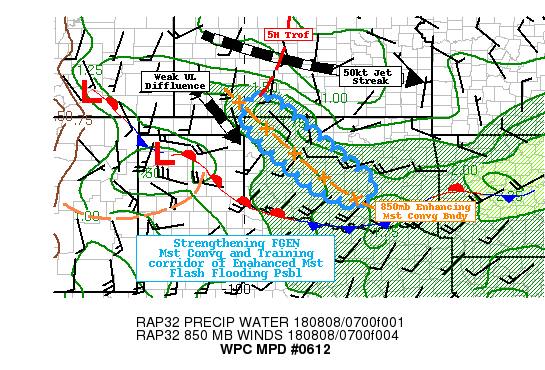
Areas affected...Northwest to South Central OK...South Central
KS....

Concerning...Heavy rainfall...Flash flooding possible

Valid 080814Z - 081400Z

SUMMARY...Convective Enhancement along NW-SE boundary that will
support training/repeat cells.  Two to Four inch totals pose
possible flash flooding, though dry soil conditions may limit
overall threat.

DISCUSSION...Rap/VWP analysis depict a shallow/narrow band of rich
moisture crossing Central to NW OK to the Arkansas River Valley in
SE CO.  Currently 925-850mb flow is coincident is fluxing within
the narrow band, but is expected to begin veering south and west
of the boundary enhancing 850mb FGEN forcing over the next few
hours. VWP suggests current convection is driven from convergence
on the north side of this plume with northerly/northeasterly low
level flow.

Goes-16 WV suite also depicts 50kt 3H jet streak crossing KS with
some cyclonic curvature providing upper level evacuation, this
will further angle more eastward with time providing
further/stronger right entrance region forcing to maintain
convection along the sharpening boundary.

Still, in the short-term multiple clusters have already developed
along the boundary, with increased lightning and tops cooling to
-70C from Clark/Harper counties to the OKC/OUN metro zone.   While
upper level moisture is limited, the deeper moisture along the
boundary is already reaching total PWAT values of 1.5" as far NW,
allowing for some rainfall efficiency and instantaneous rates to
support 1-1.5" totals in less than 1 hr. Given multiple bouts and
increased moisture flux/convergence with the veering low level
profiles, totals of 2-4" are expected in points along the line
from SW KS to South Central OK over the late overnight into early
morning.  This is supported by a bulk of reliable Hi-Res CAMs,
including the NAM-Conest, NMMB, ARW2 which feed a strong signal in
the HREF mean to have some high confidence.

A limiting factor is the persistent dry conditions across the area
supporting 1hr FFG values over 2.5" and as high as 4" in NW OK...
and 3hr values over 3".  These 3hr values may be exceeded but
scattered to isolated, limiting overall coverage.  Still, hard
pack soils may be initially hydrophobic for more run-off than
expected, especially in very strong downdraft bursts over 2"/hr.
All considered, flash flooding is possible through 14z